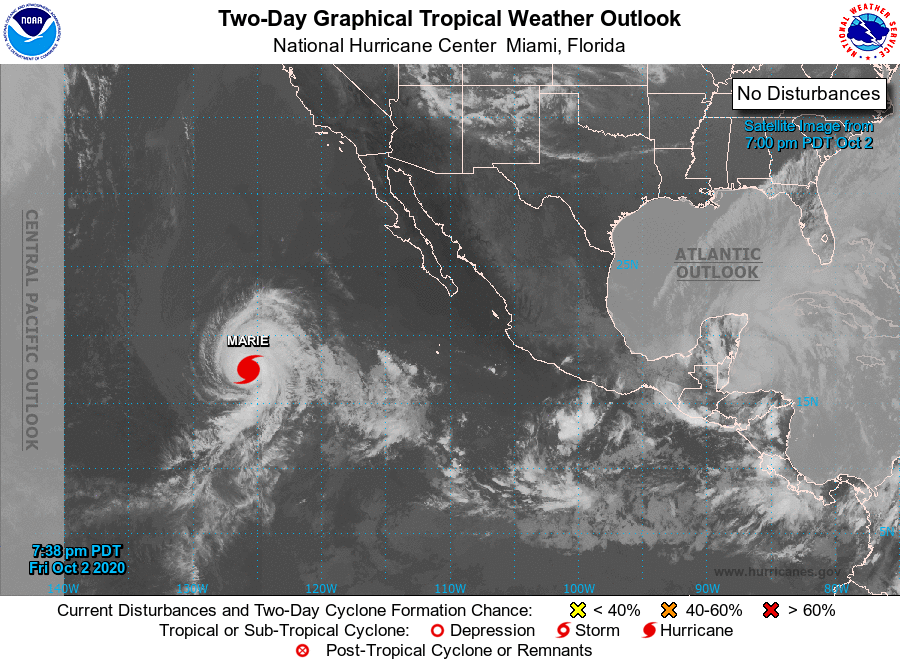
For the eastern North Pacific...east of 140 degrees west longitude:

The National Hurricane Center is issuing advisories on Hurricane Marie, located a little more than 1000 miles west-southwest of the southern tip of the Baja California peninsula.

1. A broad area of low pressure is expected to form several hundred miles southwest of the coast of southwestern Mexico this weekend. Some development of this system is possible early next week while it moves westward at 5 to 10 mph.
* Formation chance through 48 hours...low...near 0 percent.
* Formation chance through 5 days...low...20 percent.

2. Another area of low pressure could form south or southeast of the Gulf of Tehuantepec early next week. Gradual development of this system will be possible thereafter while it drifts near or south of southern coasts of Mexico and Guatemala.
* Formation chance through 48 hours...low...near 0 percent.
* Formation chance through 5 days...low...20 percent.

Forecaster Zelinsky